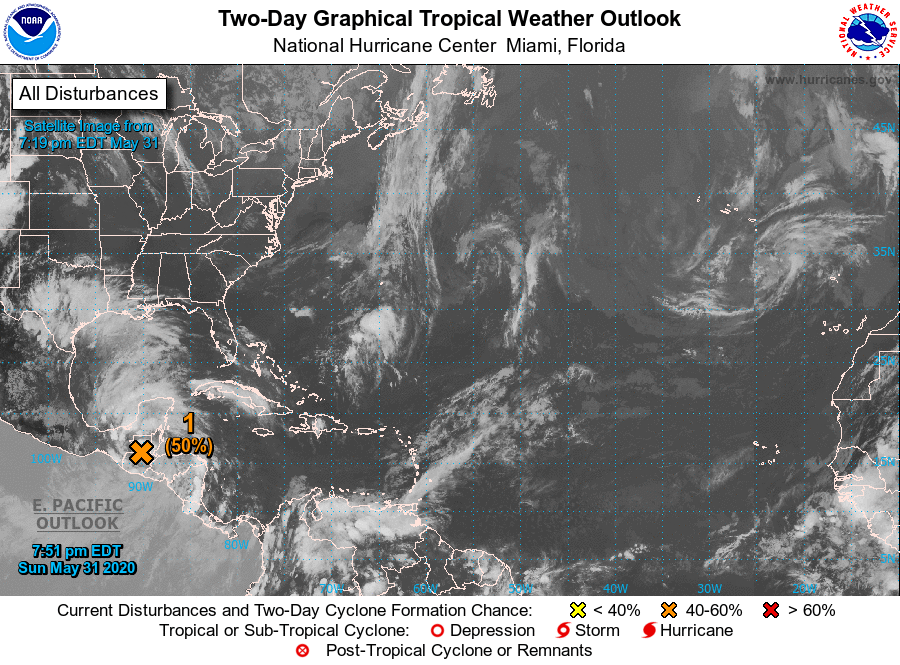
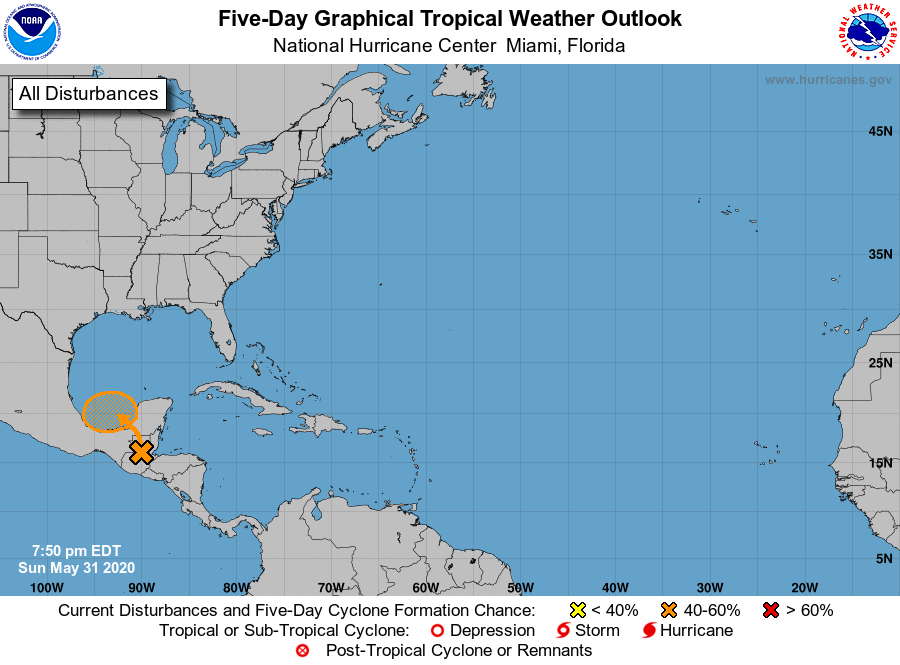
For the North Atlantic...Caribbean Sea and the Gulf of Mexico:

Special Tropical Weather Outlook issued to discuss the potential for tropical cyclone formation over the southwestern Gulf of Mexico.

1. The remnants of Eastern Pacific Tropical Storm Amanda are currently located over northern Guatemala. This system is forecast to move northwestward to northward within a broader area of disturbed weather, and it could emerge over the southeastern Bay of Campeche on Monday. If the remnants move back over water, environmental conditions appear conducive to support some development, and a new tropical depression could form while the system moves little through the middle of this week. Regardless of tropical cyclone formation, heavy rainfall is likely to continue over portions of southern Mexico, Guatemala, El Salvador, Belize, and western Honduras during the next few days. For additional information on the rainfall threat, see products from your national meteorological service. The next update on this system will be in the first regularly scheduled Tropical Weather Outlook of the 2020 Atlantic Hurricane season, which will be issued by 2 AM EDT Monday morning.
* Formation chance through 48 hours...medium...50 percent.
* Formation chance through 5 days...medium...60 percent.

Forecaster Beven